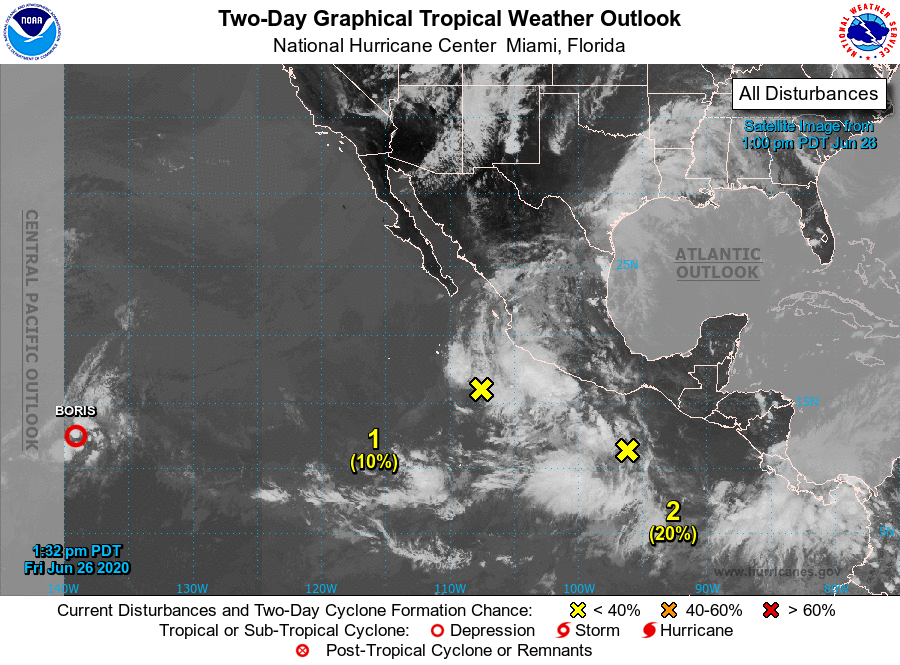
For the eastern North Pacific...east of 140 degrees west longitude:

The National Hurricane Center is issuing advisories on Tropical Depression Boris, located about 1200 miles east-southeast of Hilo, Hawaii.

1. A broad area of low pressure located a few hundred miles southwest of Manzanillo, Mexico, continues to produce disorganized shower and thunderstorm activity. Environmental conditions do not appear particularly conducive for development, and the chance of tropical cyclone formation continues to decrease. This system is expected to move west-northwestward at about 10 mph away from the coast of Mexico during the next couple of days.
* Formation chance through 48 hours...low...10 percent.
* Formation chance through 5 days...low...10 percent.

2. Another area of disorganized showers and thunderstorms is located several hundred miles south of the coast of southern Mexico. Some development of this system is possible, and a tropical depression could form early next week while it moves west-northwestward at about 15 mph parallel to the coast of Mexico.
* Formation chance through 48 hours...low...20 percent.
* Formation chance through 5 days...medium...40 percent.

Forecaster Berg